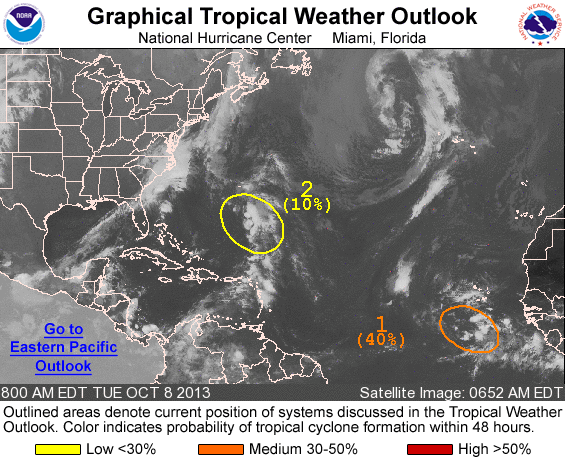
FOR THE NORTH ATLANTIC...CARIBBEAN SEA AND THE GULF OF MEXICO...

1. A BROAD AREA OF LOW PRESSURE LOCATED ABOUT 400 MILES SOUTH-SOUTHWEST OF THE CAPE VERDE ISLANDS IS PRODUCING DISORGANIZED SHOWERS AND A FEW THUNDERSTORMS. ENVIRONMENTAL CONDITIONS APPEAR CONDUCIVE FOR GRADUAL DEVELOPMENT OF THIS DISTURBANCE DURING THE NEXT COUPLE OF DAYS...AND IT HAS A MEDIUM CHANCE...40 PERCENT...OF BECOMING A TROPICAL CYCLONE DURING THE NEXT 48 HOURS WHILE MOVING SLOWLY WEST-NORTHWESTWARD. UPPER-LEVEL WINDS ARE FORECAST TO BECOME LESS CONDUCIVE FOR DEVELOPMENT LATE IN THE WEEK...AND THIS SYSTEM HAS A MEDIUM CHANCE...50 PERCENT...OF BECOMING A TROPICAL CYCLONE DURING THE NEXT 5 DAYS.

2. DISORGANIZED CLOUDINESS AND SHOWERS EXTENDING SEVERAL HUNDRED MILES SOUTH-SOUTHEAST OF BERMUDA ARE ASSOCIATED WITH A WEAK AND ELONGATED AREA OF LOW PRESSURE. ENVIRONMENTAL CONDITIONS ARE EXPECTED TO BE UNFAVORABLE FOR SIGNIFICANT DEVELOPMENT DURING THE NEXT SEVERAL DAYS WHILE THE DISTURBANCE MOVES GENERALLY NORTHWARD AT ABOUT 5 TO 10 MPH. THIS SYSTEM HAS A LOW CHANCE...10 PERCENT...OF BECOMING A TROPICAL OR SUBTROPICAL CYCLONE DURING THE NEXT 48 HOURS AND A LOW CHANCE...10 PERCENT...OF BECOMING A TROPICAL OR SUBTROPICAL CYCLONE DURING THE NEXT 5 DAYS.

FIVE-DAY FORMATION PROBABILITIES ARE EXPERIMENTAL IN 2013. COMMENTS ON THE EXPERIMENTAL FORECASTS CAN BE PROVIDED AT...

HTTP://WWW.NWS.NOAA.GOV/SURVEY/NWS-SURVEY.PHP?CODE=ETWO

FORECASTER BROWN